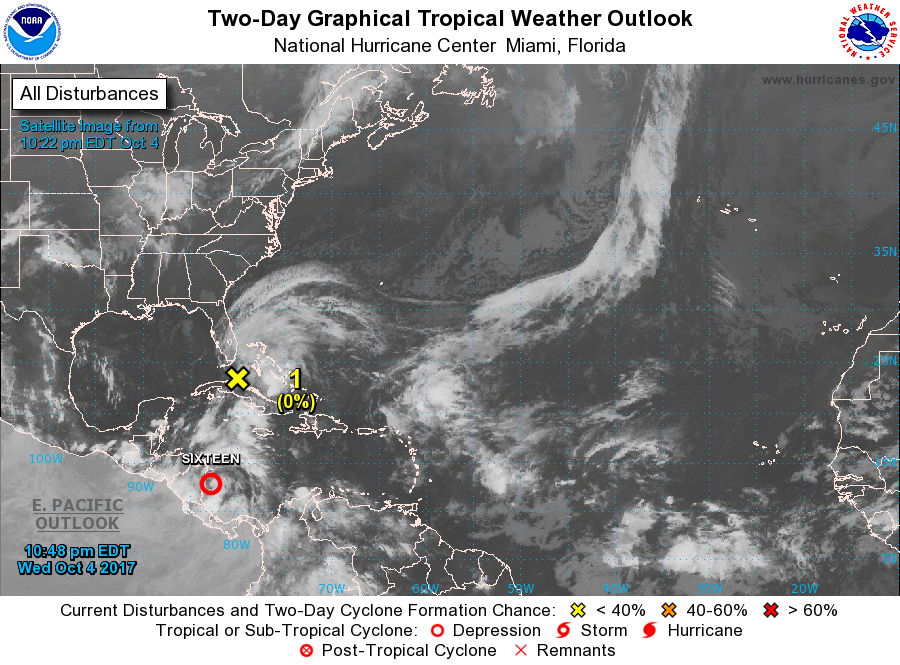
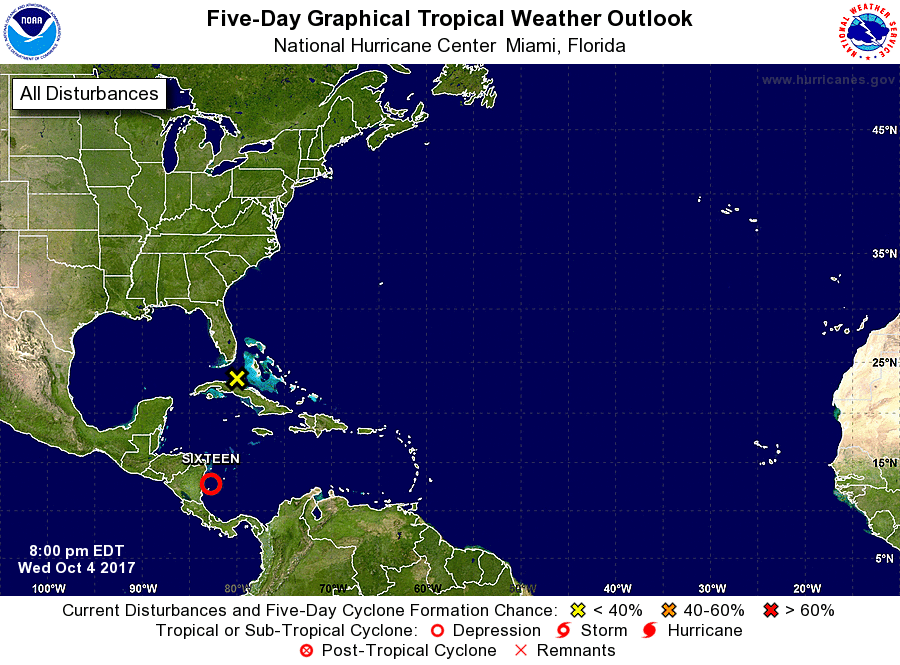
For the North Atlantic...Caribbean Sea and the Gulf of Mexico:

The National Hurricane Center is issuing advisories on Tropical Depression Sixteen, located over the southwestern Caribbean Sea.

1. A sharp surface trough of low pressure interacting with an upper- level low is producing a broad area of disorganized showers and thunderstorms across southern Florida, the northwestern and central Bahamas, central Cuba, and the adjacent Atlantic waters. Strong upper-level winds are expected to inhibit significant tropical development of this system while it moves west-northwestward over the eastern Gulf of Mexico during the next day or two. However, locally heavy rainfall, some coastal flooding, and strong gusty winds, especially in squalls, are likely over portions of the Bahamas and Florida during the next couple of days.
* Formation chance through 48 hours...low...near 0 percent.
* Formation chance through 5 days...low...near 0 percent.

Public Advisories on Tropical Depression Sixteen are issued under WMO header WTNT31 KNHC and under AWIPS header MIATCPAT1. Forecast/Advisories on Tropical Depression Sixteen are issued under WMO header WTNT21 KNHC and under AWIPS header MIATCMAT1.

Forecaster Berg